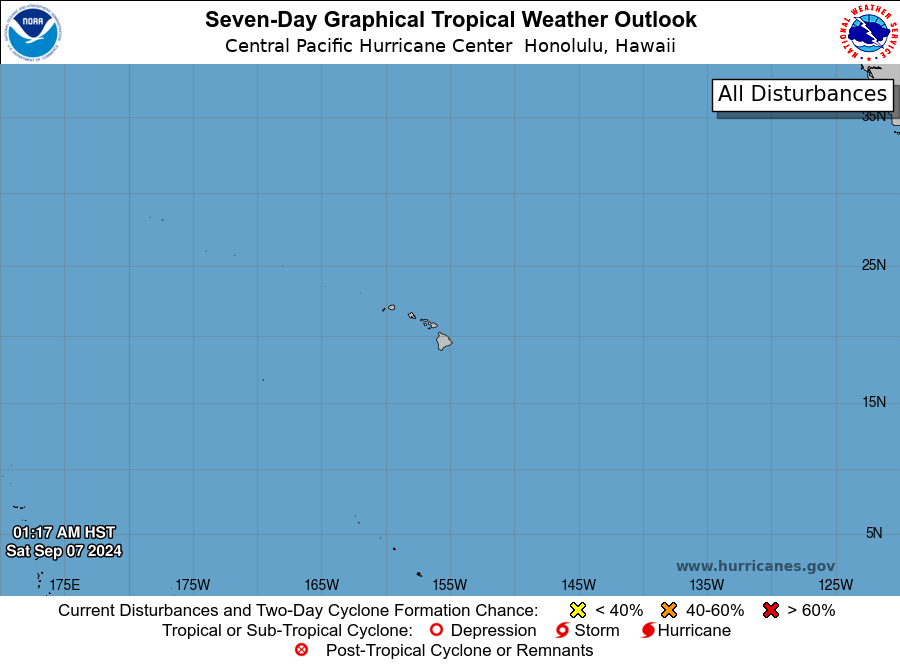
For the central North Pacific...between 140W and 180W:

No tropical cyclones are expected during the next 7 days.

Forecaster Gibbs